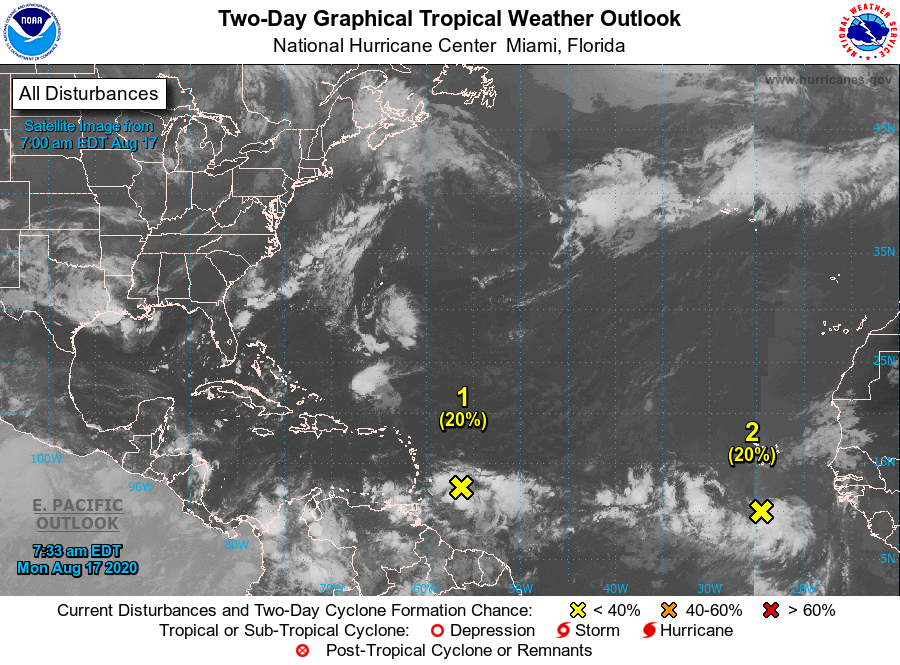
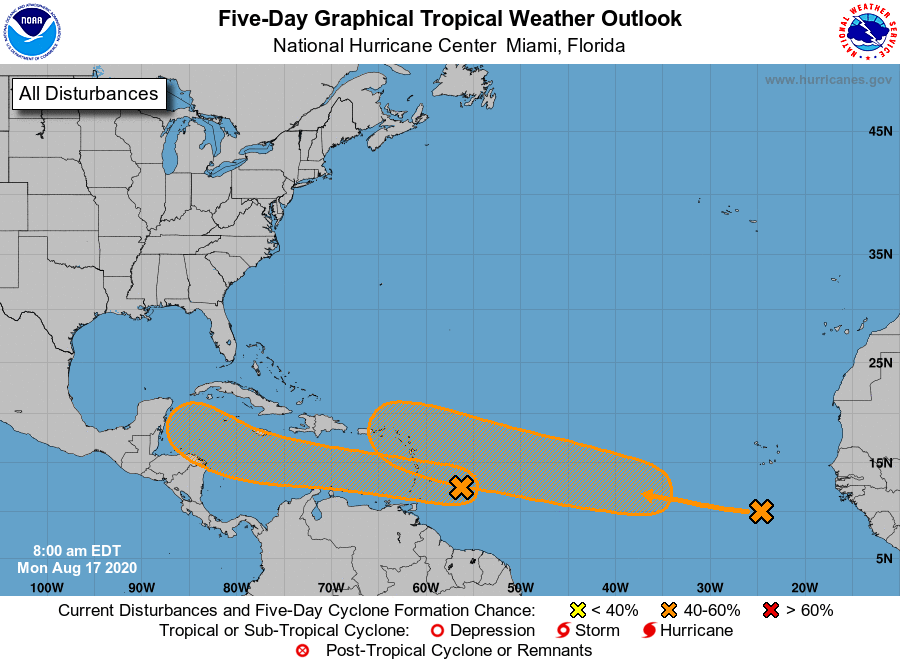
For the North Atlantic...Caribbean Sea and the Gulf of Mexico:

1. A fast-moving tropical wave located a couple of hundred miles east of the Windward Islands continues to produce disorganized shower and thunderstorm activity. This disturbance is expected to move westward at about 20 mph during the next few days, and that fast forward speed is likely to limit significant development while the system approaches the Windward and southern Leeward Islands today, and moves across the eastern and central Caribbean Sea on Tuesday and Wednesday. After that time, however, the system is expected to move more slowly westward across the western Caribbean Sea, where upper-level winds could become more conducive for the development of a tropical depression during the latter part of this week. Regardless of development, locally heavy rainfall and gusty winds are expected over portions of the Windward and southern Leeward Islands beginning today through Tuesday morning.
* Formation chance through 48 hours...low...20 percent.
* Formation chance through 5 days...medium...50 percent.

2. Another tropical wave located over the eastern tropical Atlantic to the south-southwest of the Cabo Verde Islands is producing disorganized cloudiness and showers. The wave is forecast to move westward to west-northwestward at 15 to 20 mph during the next few days, and environmental conditions are expected to become more conducive for the development of a tropical depression during the middle-to-latter part of this week while the system moves across the central and western portions of the tropical Atlantic.
* Formation chance through 48 hours...low...20 percent.
* Formation chance through 5 days...medium...60 percent.

Forecaster Brown